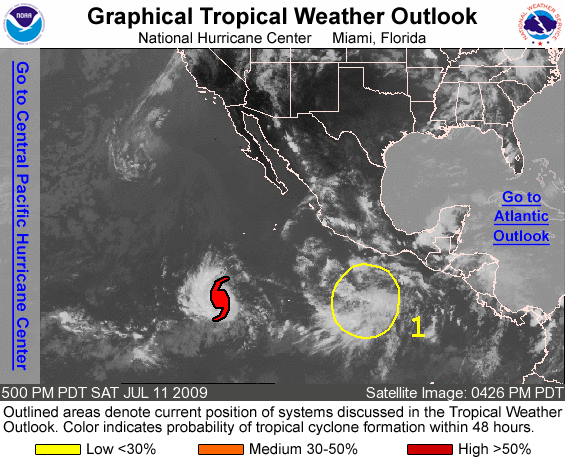
FOR THE EASTERN NORTH PACIFIC...EAST OF 140 DEGREES WEST LONGITUDE..

THE NATIONAL HURRICANE CENTER IS ISSUING ADVISORIES ON HURRICANE CARLOS...CENTERED ABOUT 1000 MILES SOUTH-SOUTHWEST OF THE SOUTHERN TIP OF BAJA CALIFORNIA.

1. A BROAD LOW PRESSURE AREA THAT IS PRODUCING DISORGANIZED SHOWERS AND THUNDERSTORMS IS CENTERED ABOUT 475 MILES SOUTH OF ACAPULCO MEXICO. CONDITIONS APPEAR FAVORABLE FOR GRADUAL DEVELOPMENT OF THIS SYSTEM DURING THE NEXT COUPLE OF DAYS AS IT MOVES WESTWARD ABOUT 10 MPH. THERE IS A LOW CHANCE...LESS THAN 30 PERCENT...OF THIS SYSTEM BECOMING A TROPICAL CYCLONE DURING THE NEXT 48 HOURS.

ELSEWHERE...TROPICAL CYCLONE FORMATION IS NOT EXPECTED DURING THE NEXT 48 HOURS.

FORECASTER BROWN